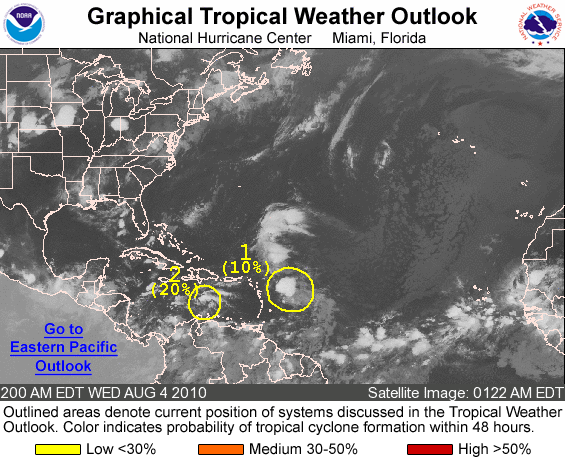
FOR THE NORTH ATLANTIC...CARIBBEAN SEA AND THE GULF OF MEXICO...

1. A TROUGH OF LOW PRESSURE...THE REMNANT OF TROPICAL STORM COLIN...IS LOCATED ABOUT 250 MILES EAST OF THE LEEWARD ISLANDS. ALTHOUGH THE ASSOCIATED SHOWERS AND THUNDERSTORMS HAVE INCREASED...UPPER-LEVEL WINDS ARE EXPECTED TO REMAIN UNFAVORABLE FOR REDEVELOPMENT FOR THE NEXT DAY OR TWO. THERE IS A LOW CHANCE...10 PERCENT...OF THIS SYSTEM BECOMING A TROPICAL CYCLONE AGAIN DURING THE NEXT 48 HOURS. LOCALLY HEAVY RAINS AND STRONG GUSTY WINDS ARE POSSIBLE OVER PORTIONS OF THE LEEWARD AND VIRGIN ISLANDS ISLANDS TODAY AND TONIGHT.

2. DISORGANIZED CLOUDINESS...SHOWERS...AND THUNDERSTORMS OVER THE CENTRAL CARIBBEAN SEA ARE ASSOCIATED WITH A TROPICAL WAVE. SOME SLOW DEVELOPMENT OF THIS DISTURBANCE IS POSSIBLE OVER THE NEXT FEW DAYS AS IT MOVES GENERALLY WESTWARD AT 15 TO 20 MPH. THERE IS A LOW CHANCE...20 PERCENT...OF THIS SYSTEM BECOMING A TROPICAL CYCLONE DURING THE NEXT 48 HOURS.

ELSEWHERE...TROPICAL CYCLONE FORMATION IS NOT EXPECTED DURING THE NEXT 48 HOURS.

FORECASTER PASCH